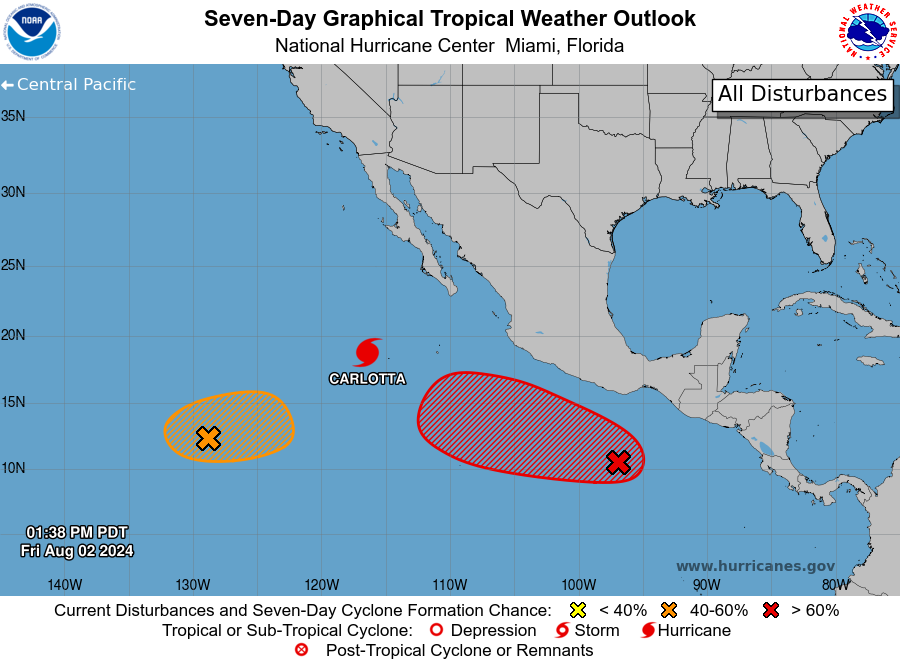
For the eastern North Pacific...east of 140 degrees west longitude:

Special outlook issued to update discussion of the area of low pressure in the Western part of the East Pacific (EP95).

Active Systems: The National Hurricane Center is issuing advisories on recently upgraded Hurricane Carlotta, located several hundred miles southwest of the southern tip of the Baja California peninsula.

1. Western East Pacific (EP95): Updated: Recent satellite-derived wind data indicate that the low pressure located well to the west-southwest of the southern tip of the Baja California peninsula has a well-defined circulation and is producing winds up to 35 mph. Despite marginal environmental conditions, any improvement in the current convective organization could result formation of a tropical depression over the next day or two as the low meanders over open waters, then begins to move northeastward by late this weekend.
* Formation chance through 48 hours...medium...50 percent.
* Formation chance through 7 days...medium...50 percent.

2. South of Southern Mexico (EP96): A broad area of low pressure forming a few hundred miles to the south of southern Mexico is producing a large area of disorganized showers and thunderstorms. Environmental conditions appear conducive for additional development and a tropical depression is likely to form by late this weekend or early next week while the system moves westward to west-northwestward at 10 to 15 mph, staying well offshore of the coast of Mexico.
* Formation chance through 48 hours...medium...50 percent.
* Formation chance through 7 days...high...90 percent.

Forecaster Papin/Roberts